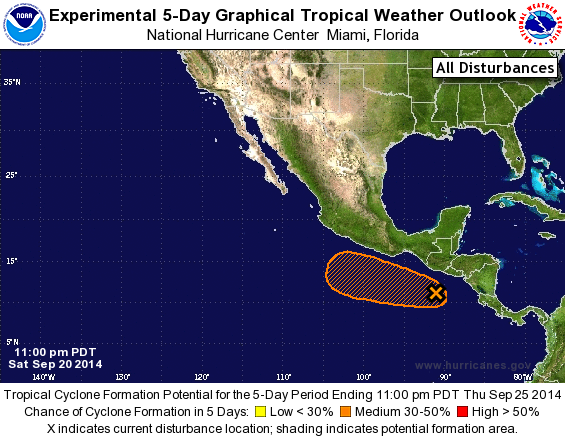
For the eastern North Pacific...east of 140 degrees west longitude:

The National Hurricane Center is issuing advisories on Tropical Storm Polo, located about a hundred miles south of the southern tip of the Baja California peninsula.

1. A small area of disturbed weather is located a couple of hundred miles south of the coast of Guatemala. Environmental conditions are expected to become conducive for gradual development of this system during the next several days while it moves slowly westward or west-northwestward.
* Formation chance through 48 hours...low...near 0 percent.
* Formation chance through 5 days...medium...30 percent.

Forecaster Stewart